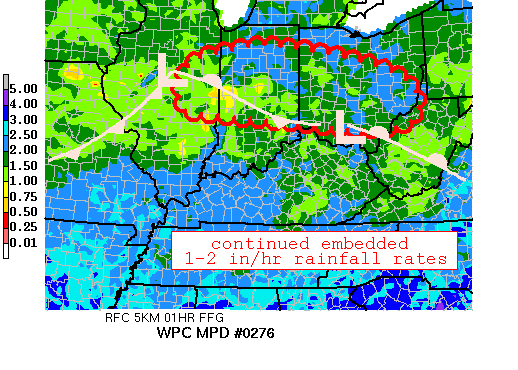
AREAS AFFECTED...CNTRL ILLINOIS AND EWD ACROSS INDIANA AND OHIO

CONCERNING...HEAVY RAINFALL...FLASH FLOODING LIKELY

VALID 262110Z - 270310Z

SUMMARY...VERY EFFICIENT RAINFALL RATES EMBEDDED WITHIN A LARGE
AREA OF LARGELY STRATIFORM RAIN WILL CONTINUE A FLASH FLOOD THREAT
THROUGH 03Z GIVEN WET ANTECEDENT CONDITIONS ACROSS PORTIONS OF THE
MIDWEST.

DISCUSSION...AT 21Z...A LARGE REGION OF STRATIFORM RAIN WITH
EMBEDDED CONVECTIVE ELEMENTS EXTENDED EWD FROM N-CNTRL ILLINOIS
INTO MUCH OF OHIO. DESPITE INSTABILITY BEING RATHER LIMITED ACROSS
THE REGION...POCKETS OF RAINFALL WITH RATES OF 1-3 IN/HR HAVE BEEN
OBSERVED ACROSS THE MIDWEST SUCH AS 2.56 INCHES IN 45 MIN FROM
DELAWARE COUNTY INDIANA...1.5 INCHES IN 40 MIN FROM GRUNDY COUNTY
ILLINOIS AND 1 INCH IN 15 MIN FROM CLINTON COUNTY OHIO. THESE
IMPRESSIVE RAINFALL AMOUNTS ARE EVIDENCE OF VERY EFFICIENT...WARM
TOPPED RAIN PRODUCERS OUT AHEAD OF AN APPROACHING NNE-SSW ORIENTED
MID-UPPER LEVEL TROUGH AXIS CURRENTLY CENTERED OVER IOWA.
DIFFLUENT AND DIVERGENT UPPER FLOW TIED TO THE RIGHT ENTRANCE
REGION OF THE ASSOCIATED UPPER JET ARE HELPING TO SUPPORT STRONG
VERTICAL MOTIONS.

GIVEN THE STRONG DYNAMIC FORCING IN PLACE FOR LATE JUNE...SOME
FRONTOGENETIC FORCING IN THE 850-700 LAYER TIED TO THE SURFACE
BOUNDARY DRAPED ACROSS THE REGION...AND SUFFICIENT MOISTURE...WE
EXPECT THE FLASH FLOOD THREAT TO SLOWLY SHIFT EWD WITH TIME THIS
EVENING INTO THE EARLY OVERNIGHT HOURS. BROAD SUPPORT IS SEEN FOR
THIS SCENARIO IN BOTH THE GLOBAL AND HI-RES MODELS THROUGH 03Z.